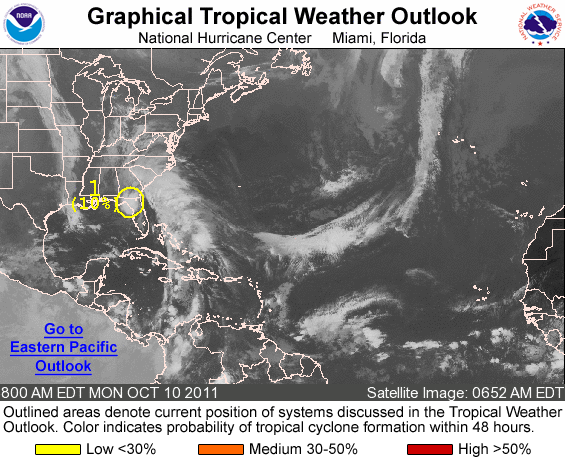
FOR THE NORTH ATLANTIC...CARIBBEAN SEA AND THE GULF OF MEXICO...

1. A LOW PRESSURE AREA CENTERED INLAND OVER NORTH-CENTRAL FLORIDA ABOUT 15 MILES NORTH-NORTHWEST OF GAINESVILLE FLORIDA CONTINUES TO PRODUCE GALE-FORCE WINDS ALONG THE NORTHEASTERN FLORIDA COAST AND OVER PORTIONS OF THE WESTERN ATLANTIC OFFSHORE OF GEORGIA AND SOUTH CAROLINA. SURFACE OBSERVATIONS INDICATE THAT THE CIRCULATION OF THE LOW IS GRADUALLY BECOMING LESS DEFINED...AND THE CHANCE OF THE DEVELOPMENT OF THIS DISTURBANCE INTO A SUBTROPICAL CYCLONE IS DECREASING SINCE THE LOW IS EXPECTED TO REMAIN OVER LAND TODAY. THIS SYSTEM HAS A LOW CHANCE...10 PERCENT...OF BECOMING A SUBTROPICAL CYCLONE DURING THE NEXT 48 HOURS AS IT MOVES GENERALLY NORTHWESTWARD AT 5 TO 10 MPH. REGARDLESS OF DEVELOPMENT...STRONG GUSTY WINDS AND LOCALLY HEAVY RAINFALL ARE EXPECTED OVER PORTIONS OF THE SOUTHEASTERN UNITED STATES...ESPECIALLY ALONG THE COAST...THROUGH TONIGHT. FOR ADDITIONAL INFORMATION SPECIFIC TO YOUR AREA...INCLUDING WATCHES OR WARNINGS...PLEASE SEE STATEMENTS ISSUED BY YOUR LOCAL NATIONAL WEATHER SERVICE FORECAST OFFICE.

ELSEWHERE...TROPICAL CYCLONE FORMATION IS NOT EXPECTED DURING THE NEXT 48 HOURS.

FORECASTER KIMBERLAIN